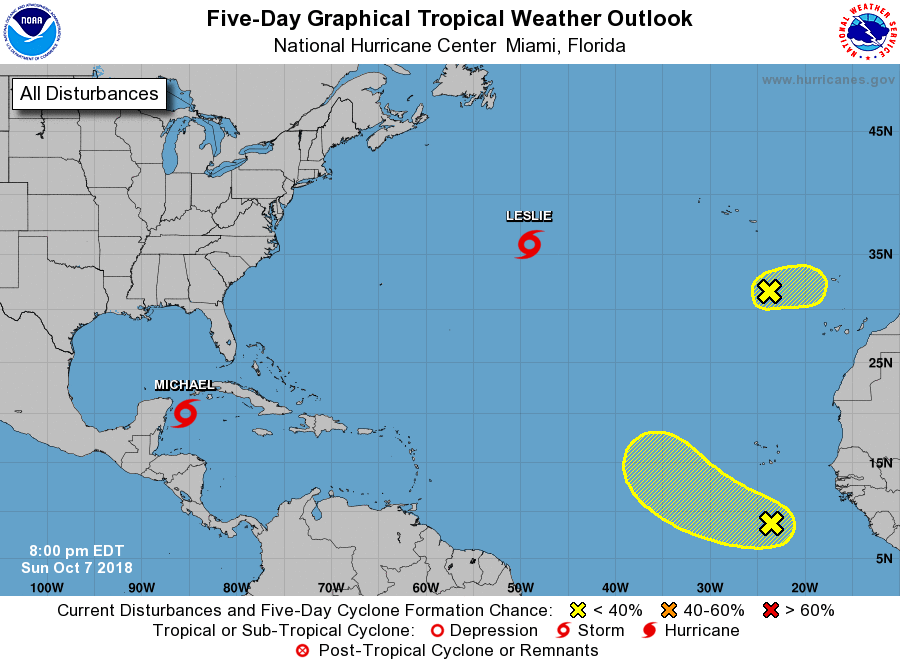
For the North Atlantic...Caribbean Sea and the Gulf of Mexico:

The National Hurricane Center is issuing advisories on Tropical Storm Michael, located over the northwestern Caribbean Sea, and on Tropical Storm Leslie, located over the central Atlantic Ocean.

1. A broad non-tropical low pressure system located a few hundred miles south of the Azores has become disorganized and conditions are no longer favorable for development.
* Formation chance through 48 hours...low...10 percent.
* Formation chance through 5 days...low...10 percent.

2. An area of disturbed weather associated with a tropical wave has formed a few hundred miles south of the Cabo Verde Islands. Conditions appear to be favorable for some development during the next few days as the system moves westward across the tropical Atlantic.
* Formation chance through 48 hours...low...20 percent.
* Formation chance through 5 days...low...30 percent.

Public Advisories on Tropical Storm Michael are issued under WMO header WTNT34 KNHC and under AWIPS header MIATCPAT4. Forecast/Advisories on Tropical Storm Michael are issued under WMO header WTNT24 KNHC and under AWIPS header MIATCMAT4.

Forecaster Avila